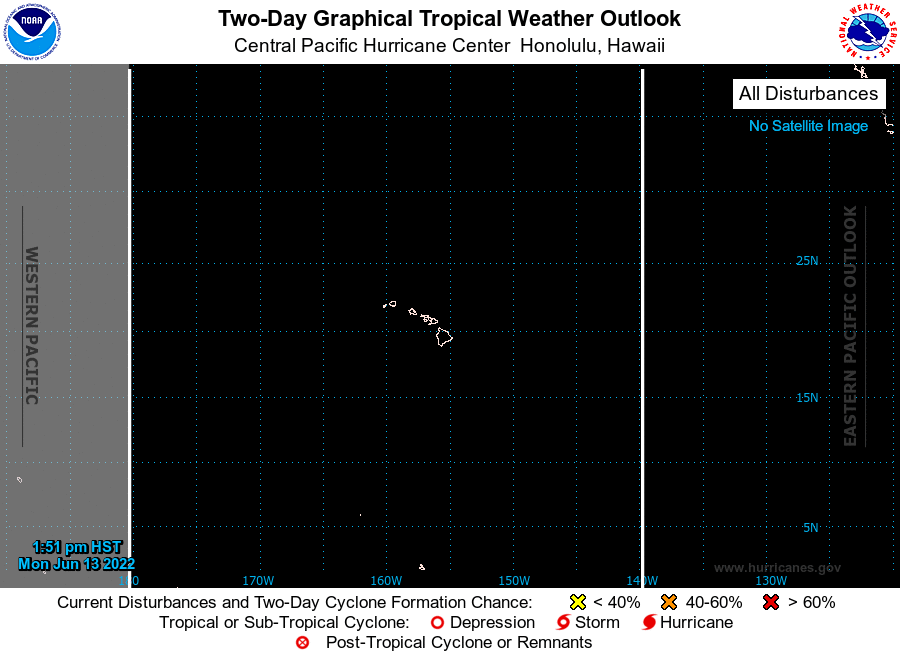
For the central North Pacific...between 140W and 180W:

No tropical cyclones are expected during the next 5 days.

Forecaster Foster